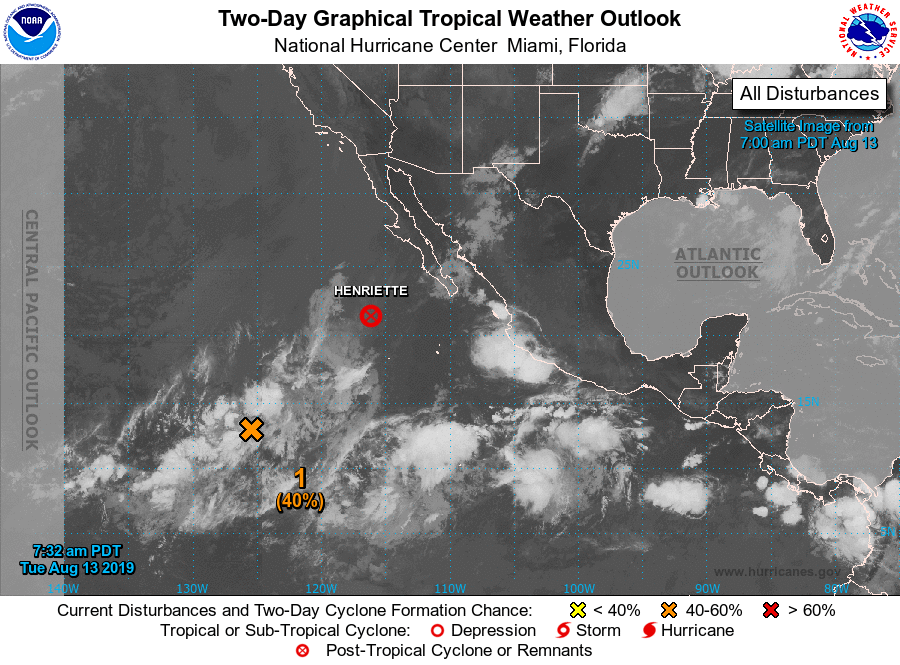
For the eastern North Pacific...east of 140 degrees west longitude:

The National Hurricane Center is issuing advisories on recently downgraded Tropical Depression Henriette, located a few hundred miles west-southwest of the southern tip of the Baja California peninsula.

1. Disorganized showers and thunderstorms located about 1100 miles southwest of the southern tip of the Baja California peninsula are associated with an elongated trough of low pressure. Environmental conditions are forecast to be conducive for gradual development during the next few days, and a tropical depression is likely to form later this week while the system moves west-northwestward at 10 to 15 mph.
* Formation chance through 48 hours...medium...40 percent.
* Formation chance through 5 days...high...70 percent.

2. A broad area of low pressure is forecast to form south or southeast of the southeastern coast of Mexico late this week. Environmental conditions are expected to be conducive for gradual development of the system over the weekend.
* Formation chance through 48 hours...low...near 0 percent.
* Formation chance through 5 days...low...20 percent.

Forecaster Pasch